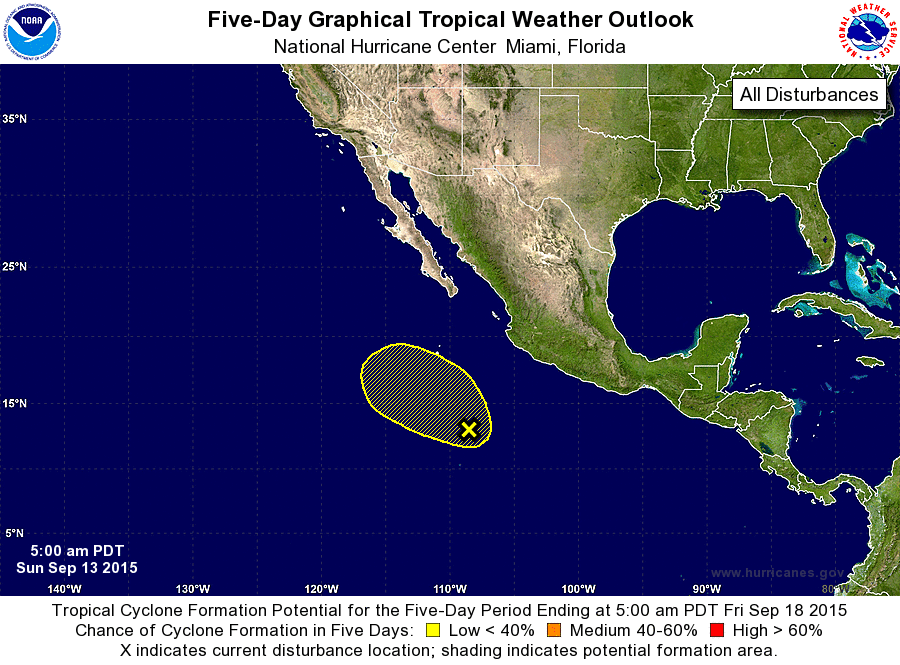
For the eastern North Pacific...east of 140 degrees west longitude:

1. An area of disturbed weather is located about 650 miles south of the southern tip of the Baja California peninsula. Some slow development of this system is possible over the next few days as it moves generally northwestward at about 10 mph.
* Formation chance through 48 hours...low...10 percent
* Formation chance through 5 days...low...20 percent

Forecaster Pasch